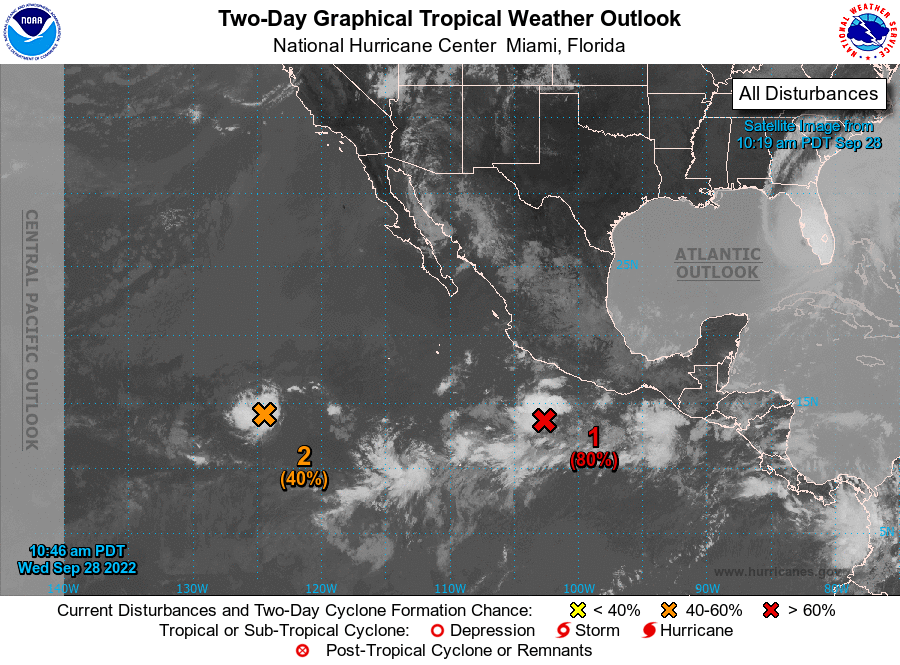
For the eastern North Pacific...east of 140 degrees west longitude:

1. South of the Southern Coast of Mexico: Showers and thunderstorms associated with an area of low pressure south of the southern coast of Mexico continue to show signs of organization. Environmental conditions appear conducive for development, and a tropical depression is likely to form during the next couple of days while the system moves westward to west-northwestward off the coast of southern and southwestern Mexico.
* Formation chance through 48 hours...high...80 percent.
* Formation chance through 5 days...high...90 percent.

2. Western East Pacific: The remnants of Newton are located about 1,100 miles southwest of the southern tip of the Baja California peninsula. The associated shower activity has become a little better organized, and additional slight development of the system is possible during the next day or two. This system could could briefly become a tropical depression again while it moves generally westward over the western portion of the eastern North Pacific. Environmental conditions are expected to become less conducive for additional development by the end of the week.
* Formation chance through 48 hours...medium...40 percent.
* Formation chance through 5 days...medium...40 percent.

Forecaster Beven